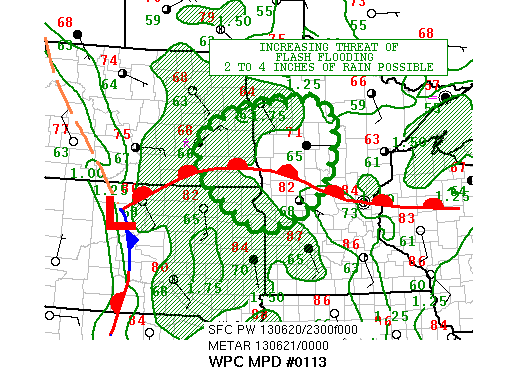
AREAS AFFECTED...EASTERN ND...NORTHWEST AND WEST CENTRAL
MN...NORTHEAST SD

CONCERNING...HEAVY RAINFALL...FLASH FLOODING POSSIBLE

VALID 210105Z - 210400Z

SUMMARY...THERE IS AN INCREASING THREAT OF FLASH FLOODING OVER
PARTS OF SOUTHEAST ND...NORTHEAST SD AND NORTHWEST AND WEST
CENTRAL MN THROUGHOUT THE EVENING.

VERY UNSTABLE AIRMASS OVER THE CENTRAL PLAINS WILL CONTINUE TO
FEED A GROWING AREA OF THUNDERSTORMS NORTH OF A WEST TO EAST
ORIENTED WARM FRONT.  00Z SOUNDING SHOWED AT LEAST 30 KTS OF FLOW
TAPPING PW VALUES OF 1.25 TO 1.75 FROM KS/NEB INTO THE EASTERN
DAKOTAS AND WESTERN MN.  A TIGHT GRADIENT OF THETAE SUGGESTS THAT
THE STORMS WHICH WERE FORMING AS OF 21/01Z WILL CONTINUE TO
PRODUCE MODERATE TO HEAVY RAINFALL AS THEY MOVE SLOWLY TOWARDS THE
EAST OR SOUTHEAST.

RAINFALL AMOUNTS THROUGH 21/04Z LOOK TO BE ON THE ORDER OF 4
INCHES BASED ON HIGH RAINFALL RATES AND SLOW MOVING CELLS...WITH
ISOLATED MAXIMUM AMOUNTS POSSIBLE.  THIS WAS ALSO CLOSE TO THE
20/21Z HRRR AND 20/12Z GFS.